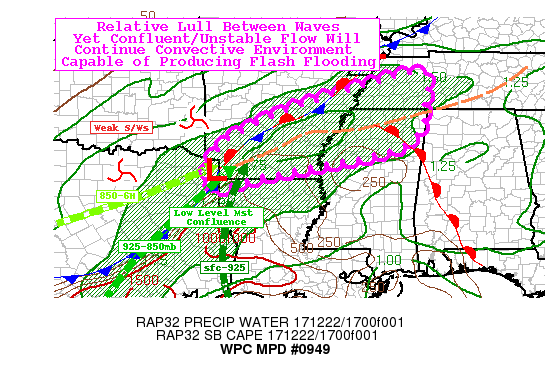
AREAS AFFECTED...SOUTHERN AR...NORTHERN MS...SOUTHWEST TN

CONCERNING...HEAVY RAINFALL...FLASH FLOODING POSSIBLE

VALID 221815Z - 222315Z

SUMMARY...RELATIVE LULL IN DEEP CONVECTION SHOULD REDUCE OVERALL
THREAT AND COVERAGE. HOWEVER MODERATE SYNOPTIC FORCING/MOISTURE
AND WET SOILS MAY LEAD TO ISOLATED FF RISK THROUGH THIS EVENING
WITH SOME SCATTERED ACTIVITY.

DISCUSSION...INITIAL ROUND OF CONVECTIVE RAINS CONTINUES ACROSS
FAR N MS...EXTENDING BACK TOWARD PBF ALONG OUTFLOW WITH TRAINING
ELEMENTS.  HOWEVER...SHORTWAVE AND JET MAX ASSOCIATED WITH THAT
ACTIVITY HAS PROGRESSED INTO CENTRAL W TN LEAVING S AR IN A
SHORT-TERM LULL WITH REDUCED INFLOW/MST CONVERGENCE.  WEAK FLATTER
WAVES CAN BE SEEN IN RADAR/GOES-WV LOOP OVER SE OK AND NE TX
LIFTING NORTHEAST.  THE WEAK DPVA IS SUPPORTING A SFC LOW NEAR
OK/AR/TX INTERSECTION...BUT ALSO SUPPORTING LOW LEVEL CAA TO PRESS
THE COLD FRONT SOUTH THROUGH FWD CWA TOWARD HOUSTON.

GOES-16 VISIBLE LOOP ALSO DEPICTS CLEARING AHEAD OF THE FRONT IN
NE TX/NW LA AND S AR BEHIND THE DYING OUTFLOW BOUNDARY...AS SUCH
INSTABILITY IS ONCE AGAIN REGAINING AND WITH UPPER 60S AT 70/71
TDS...TEMPS SHOULD INCREASE AND SFC SOUTHERLY FLOW WILL INCREASE.
MODERATE LOW LEVEL VEERING ACROSS NE TX BECOMES HIGHLY CONFLUENT
NEAR TXK KEEPING THE MAIN INSTABILITY/MOISTURE AXIS ALIGNED FROM
TXK TO PBF TOWARD MEM/UTA. THE WEAK S/W IN NE TX WILL AMPLY AND
WITH RECHARGING CAPES TO 1000-1500 J/KG THERE IS A GOOD CHANCE THE
ELEVATED CONVECTION ACROSS NE TX WILL SHIFT EAST AND ROOT MORE
INTO THE BOUNDARY LAYER AND POTENTIALLY EXPANDING.  STILL THE WAVE
IS WEAK ENOUGH TO NOT HAVE STRONG ENOUGH FORCING FOR EXPANSIVE
CONVECTION BUT ANY ISOLATED CELL TO TRACK THROUGH NEVADA TO
PHILLIPS COUNTY WILL ONLY RESTART FLASH FLOODING CONDITIONS.

THIS SCENARIO IS PRESENTED THROUGHOUT MUCH OF THE HI-RES GUIDANCE
PROVIDING FAIRLY HIGH CONFIDENCE BUT IS BEST VERIFYING BY THE 12Z
ARW AND RECENT HRRR.  AS SUCH SUGGESTIVE OF AN ADDITIONAL 1-2" IS
EXPECTED THROUGH 00Z ACROSS S AR WITH 2-3" ISOLATED 4" ACROSS SE
TN/N MS GIVEN THE CURRENT ONGOING ROUND AND SCATTERED BUT
OCCASIONALLY INTENSE ONES THROUGH THE LATE AFTERNOON/EVENING
HOURS.  GIVEN PRECISE UNCERTAINTY THAT THE CONVECTION WILL ALIGN
WITH THE FLOODED AREAS...FLASH FLOODING IS CONSIDERED POSSIBLE
ELSEWHERE DUE TO LOWER MAGNITUDES/SHORTER DURATION/RATES.